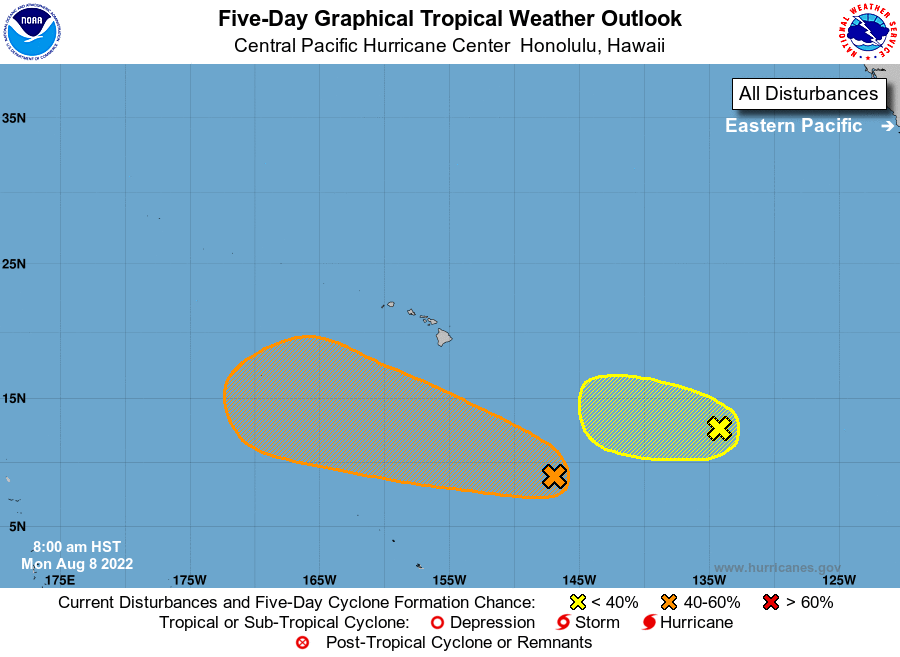
For the central North Pacific...between 140W and 180W:

1. Well South of the Main Hawaiian Islands: An area of low pressure could form around midweek within a broad trough several hundred miles south southeast of the main Hawaiian Islands. Environmental conditions could allow for some gradual development of this system, and a tropical depression could form as it moves quickly westward over the central Pacific later this week.
* Formation chance through 48 hours...low...10 percent.
* Formation chance through 5 days...medium...40 percent.

2. Well East-Southeast of the Hawaiian Islands: A large area of disorganized showers and thunderstorms is associated with a broad trough of low pressure located more than 1000 miles east-southeast of the Hawaiian Islands. Development of this system, if any, will be slow to occur during the next couple of days. This system is expected to move generally westward into the central Pacific basin by the middle portion of this week, where environmental conditions are forecast to become less conducive for additional development.
* Formation chance through 48 hours...low...10 percent.
* Formation chance through 5 days...low...10 percent.

Elsewhere, no tropical cyclones are expected during the next 5 days.

Forecaster Burke